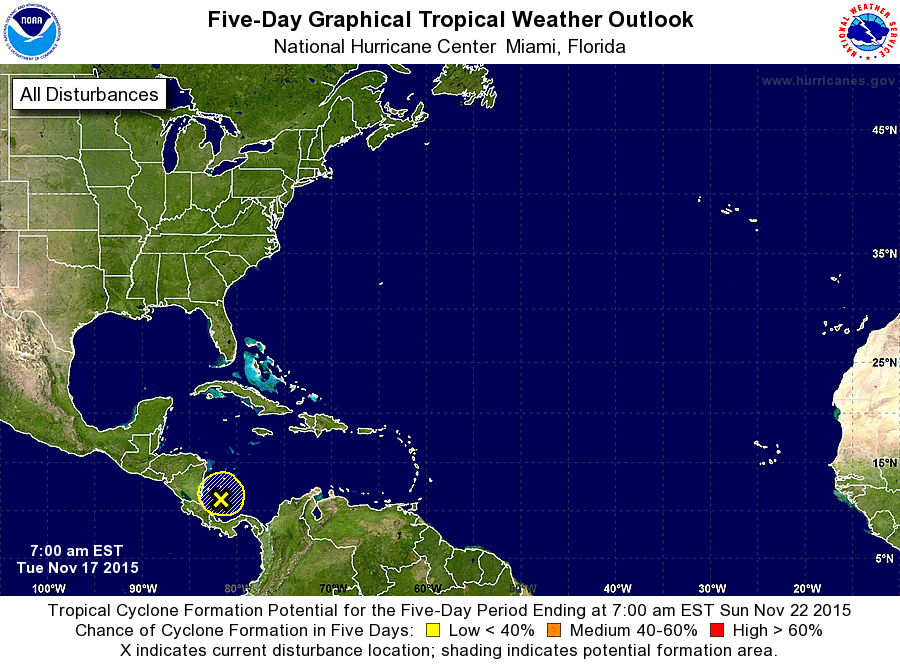
For the North Atlantic...Caribbean Sea and the Gulf of Mexico:

1. Cloudiness and a few thunderstorms located over portions of the southwestern Caribbean Sea are associated with a weak area of low pressure. This system is likely to drift westward and move inland over Central America during the next day or two without significant development.
* Formation chance through 48 hours...low...10 percent
* Formation chance through 5 days...low...10 percent

Forecaster Kimberlain